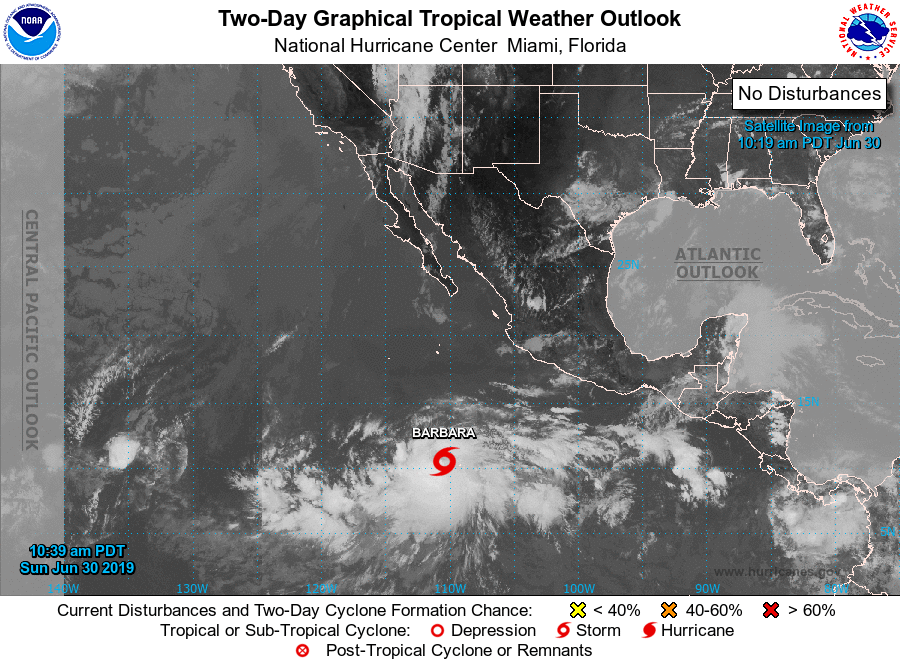
For the eastern North Pacific...east of 140 degrees west longitude:

The National Hurricane Center is issuing advisories on recently developed Tropical Storm Barbara, located several hundred miles south of the southern tip of the Baja California peninsula.

1. An area of low pressure is expected to form by the middle of next week several hundred miles south of the southern coast of Mexico. Conditions appear favorable for gradual development of this system while it moves westward to west-northwestward.
* Formation chance through 48 hours...low...near 0 percent.
* Formation chance through 5 days...medium...50 percent.

Forecaster Latto/Beven